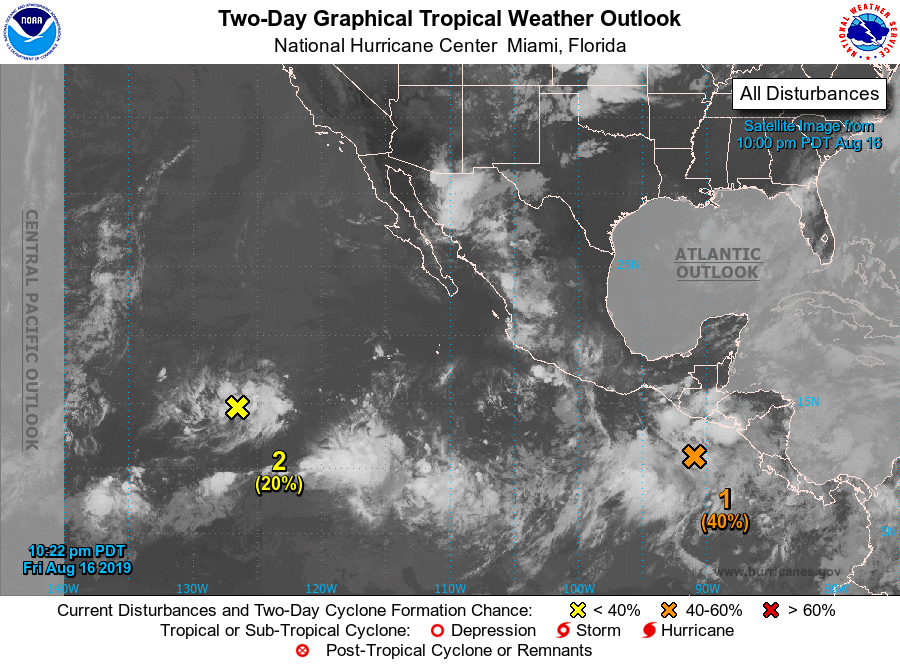
For the eastern North Pacific...east of 140 degrees west longitude:

1. An area of low pressure located a couple of hundred miles south of the coast of Guatemala is producing some disorganized showers and thunderstorms. Environmental conditions are expected to be conducive for development, and a tropical depression is likely to form early next week while the low moves west-northwestward at about 10 mph parallel to the coast of Mexico. Regardless of development, moisture associated with the low is forecast to produce heavy rainfall and possible flash flooding across portions of Central America and southeastern Mexico during the next few days.
* Formation chance through 48 hours...medium...40 percent.
* Formation chance through 5 days...high...80 percent.

2. A tropical wave continues to produce disorganized showers and thunderstorms centered about 1250 miles west-southwest of the southern tip of the Baja California peninsula. Gradual development of this system is possible during the next few days while it moves slowly westward across the southwestern portion of the eastern Pacific.
* Formation chance through 48 hours...low...20 percent.
* Formation chance through 5 days...low...30 percent.

Forecaster Blake